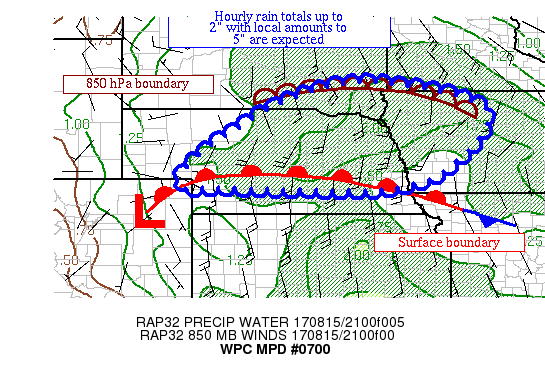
AREAS AFFECTED...NEBRASKA & NORTHWEST IA

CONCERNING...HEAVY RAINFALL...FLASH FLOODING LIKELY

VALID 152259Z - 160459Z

SUMMARY...CONVECTION IS EXPANDING WESTWARD ACROSS NE.  HOURLY RAIN
TOTALS UP TO 2" WITH LOCAL AMOUNTS TO 5" SHOULD ENHANCE FLASH
FLOOD CONCERNS.

DISCUSSION...A WARM FRONT HAS MOVED ACROSS SOUTHERN NE AND IS
BEGINNING TO ACT AS THE FOCUS FOR NEW CONVECTION ACROSS CENTRAL
AND SOUTHWEST NE.  MEANWHILE, THUNDERSTORMS CONTINUE TO DROP HEAVY
RAINFALL ACROSS CENTRAL AND NORTHEAST NE AND ENTER NORTHWEST IA.
PRECIPITABLE WATER VALUES ARE 1.5-2" PER RAP MODEL INITIALIZATION.
 ML CAPE VALUES OF 2000-3500 J/KG ARE BEING IMPORTED INTO THE
BOUNDARY BY SOUTH-SOUTHEAST WINDS OF 20 KTS AT 850 HPA -- NEAR THE
MAGNITUDE OF THE MEAN 850-400 HPA WINDS -- PER VAD WIND PROFILES.
BULK SHEAR OF 25-40 KTS EXISTS IN THE REGION PER SPC MESOANALYSES.

WHILE THE MESOSCALE GUIDANCE IS STRUGGLING WITH THE CONVECTION IN
EASTERN NE NEAR THE NE/IA BORDER, IT APPEARS TO HAVE SOME HANDLE
ON EXPECTATIONS FARTHER WEST ACROSS NE OVER THE NEXT SEVERAL HOURS
BASED ON CURRENT SATELLITE/RADAR TRENDS, WITH A GENERAL SIGNAL FOR
5" THROUGH 05Z.  CONVECTION MOVING IN FROM CO/WY SHOULD MERGE WITH
THE BUILDING ACTIVITY ACROSS WESTERN NE WITH TIME.  BACKING AND
INCREASING WINDS AT 850 HPA THROUGH 01Z SHOULD CAUSE CONVECTION TO
EXPAND WESTWARD/SOLIDIFY ACROSS WESTERN NE UNTIL THE CO/WY
ACTIVITY MERGES IN.  AS WINDS AT 850 HPA INCREASE, BACKBUILDING
BECOMES MORE OF A HEAVY RAINFALL CONCERN.  TRAINING IS ALSO
EXPECTED AS STORMS SHOULD MOVE EAST AT 20 KTS PARALLEL TO THE
INSTABILITY GRADIENT AND 1000-500 HPA THICKNESS PATTERN.  OF
CONCERN IS CIN DEVELOPMENT OVERNIGHT WHICH SHOULD SHIFT CONVECTION
NORTHWARD TOWARDS THE EASTERN NE/SD BORDER, WHICH COULD ALLOW
FUTURE CONVECTION TO TRACK OVER AREAS HIT HARD TODAY IN NORTHEAST
NE.  SOILS ARE AT LEAST PARTIALLY SATURATED DUE TO ABOVE NORMAL
RAINFALL OVER THE PAST COUPLE WEEKS ACROSS MUCH OF NE AND
SOUTHEAST SD.  FLASH FLOODING IS AN INCREASING CONCERN IN THIS
AREA.